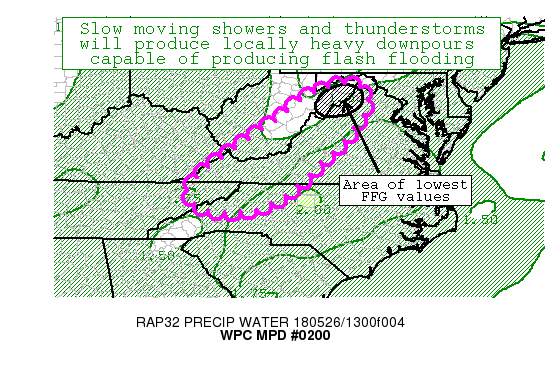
AREAS AFFECTED...WESTERN NC...NORTHEAST TN...EASTERN WV...WESTERN
VA

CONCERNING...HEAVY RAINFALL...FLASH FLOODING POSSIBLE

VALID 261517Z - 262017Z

SUMMARY...SLOW MOVING SHOWERS AND EMBEDDED THUNDERSTORMS OVER THE
SOUTHERN APPALACHIANS THIS MORNING ARE FORECAST TO EXPAND IN
COVERAGE GOING INTO THE MIDDAY AND EARLY AFTERNOON HOURS.  AREAS
OF HEAVY RAIN OVER RELATIVELY SATURATED GROUND MAY LEAD TO
INSTANCES OF FLASH FLOODING.

DISCUSSION...AN ONGOING COMPLEX OF SLOW MOVING HEAVY SHOWERS AND
THUNDERSTORMS BETWEEN ROANOKE AND KNOXVILLE HAS ALREADY RESULTED
IN 1 TO 3 INCH RAINFALL AMOUNTS THROUGH 11 AM.  REGIONAL RADARS
ARE INDICATING AN INCREASE IN THIS ACTIVITY WITH A SLOW OVERALL
MOVEMENT TO THE NORTHEAST.  THE 12Z RNK SOUNDING A DEEP NEARLY
SATURATED LOWER TO MIDDLE TROPOSPHERE WITH UNIDIRECTIONAL
SOUTHWEST FLOW FROM 850-300MB.  ALTHOUGH CAPE IS NOT PARTICULARLY
IMPRESSIVE LATE THIS MORNING, MLCAPE ON THE ORDER OF 1000-1500
J/KG SHOULD BE REALIZED GOING INTO THE AFTERNOON, WITH THE HIGHEST
VALUES ALONG AND EAST OF THE BLUE RIDGE.  PW VALUES ARE FORECAST
TO INCREASE INTO THE 1.5 TO 2 INCH RANGE LATER TODAY AS COPIOUS
TROPICAL MOISTURE IS ADVECTED NORTHWARD INTO THE REGION.

MOST OF THE AVAILABLE HIGH RESOLUTION GUIDANCE (INCLUDING THE MOST
RECENT HRRR AND EXPERIMENTAL HRRR) INDICATES THE POTENTIAL FOR
LOCAL 1 TO 3 INCH RAINFALL AMOUNTS, WITH THE HIGHEST AMOUNTS
DEPICTED OVER THE SOUTHERN HALF OF THE MPD AREA.  GIVEN THE LOWER
FFG VALUES OWING TO HEAVY RAINFALL OVER THE PAST WEEK, RUN-OFF
FROM HEAVY DOWNPOURS COULD CAUSE LOCALIZED FLASH FLOODING IN SOME
VALLEY LOCATIONS.